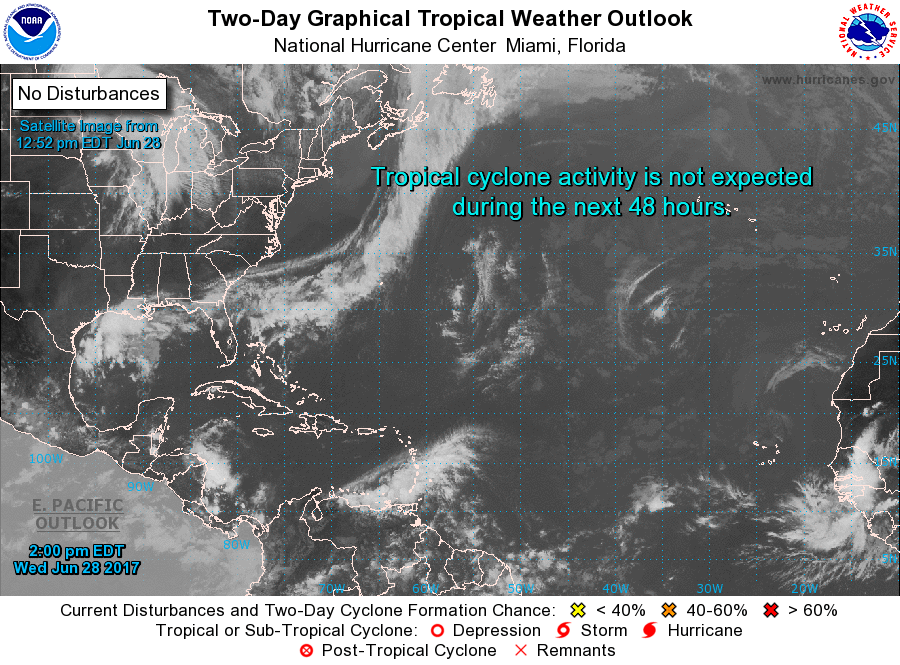
For the North Atlantic...Caribbean Sea and the Gulf of Mexico:

Tropical cyclone formation is not expected during the next 5 days.

Forecaster Stewart